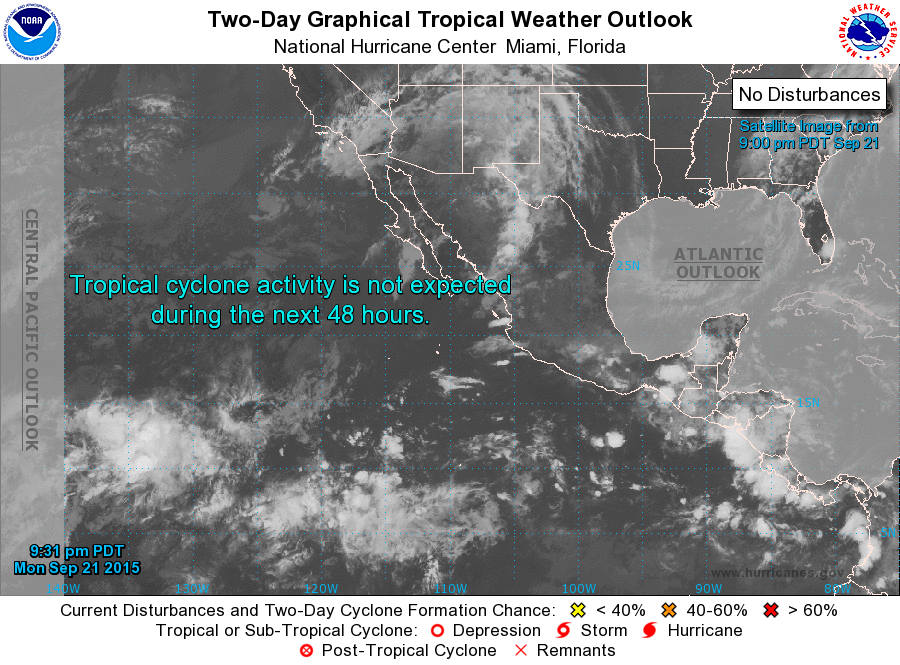
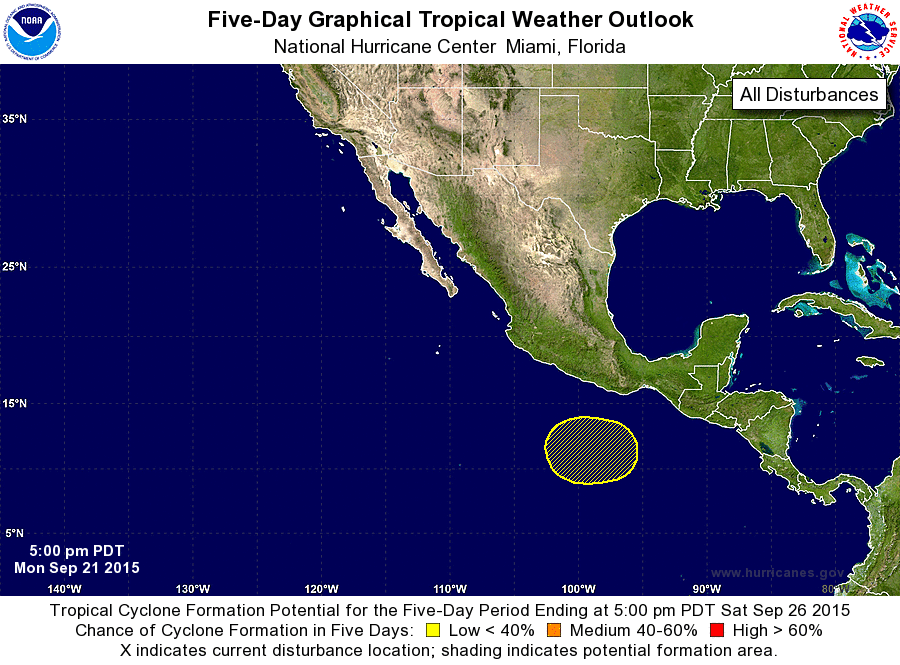
For the eastern North Pacific...east of 140 degrees west longitude:

The National Hurricane Center has issued its last advisory on Tropical Depression Sixteen-E, which has dissipated inland over northwestern Mexico.

1. An area of low pressure could form several hundred miles south of the south coast of Mexico by late this week. Some slow development is possible thereafter while the system moves little.
* Formation chance through 48 hours...low...near 0 percent
* Formation chance through 5 days...low...20 percent

Forecaster Pasch